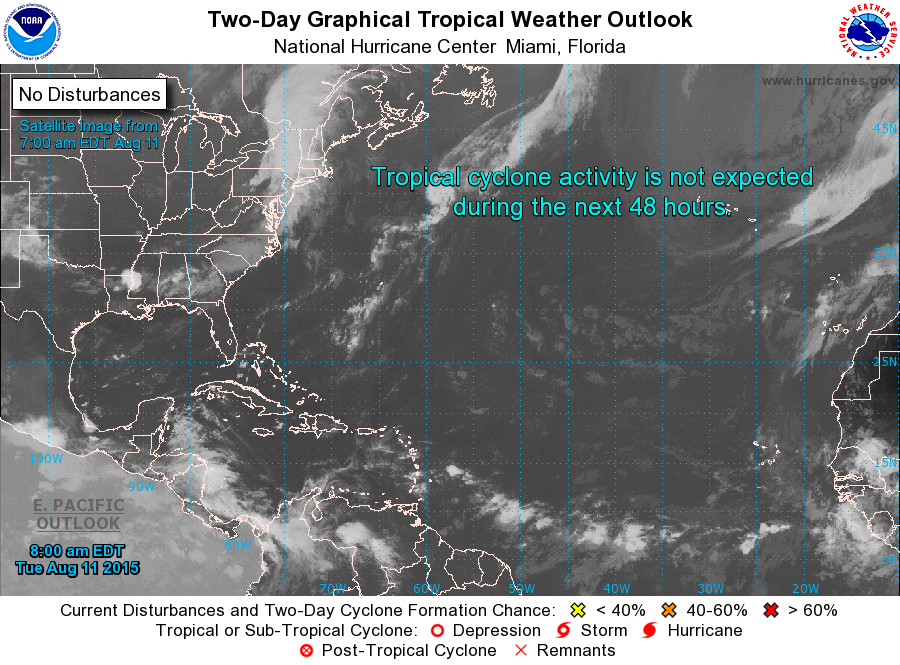
For the North Atlantic...Caribbean Sea and the Gulf of Mexico:

Tropical cyclone formation is not expected during the next 5 days.

Forecaster Brennan